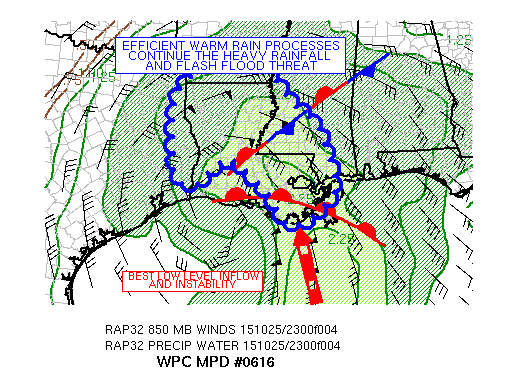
AREAS AFFECTED...FAR EAST TX...MUCH OF LA...SOUTHERN
AR...SOUTHWEST MS

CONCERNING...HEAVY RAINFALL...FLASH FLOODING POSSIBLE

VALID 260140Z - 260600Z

SUMMARY...EFFICIENT WARM RAIN PROCESSES WILL CONTINUE TO PRODUCE A
HEAVY RAIN THREAT OVER PORTIONS OF THE WESTERN AND CENTRAL GULF
STATES THROUGH THE EARLY MORNING HOURS. FLASH FLOODING IS POSSIBLE
IN LOCATIONS WHERE SOILS ARE SATURATED.

DISCUSSION...THE LARGE AREA OF MODERATE TO HEAVY RAIN CONTINUES
ACROSS FAR EAST TX... MUCH OF LA INTO SOUTHERN AR AND AND MUCH OF
MS. THE RAINFALL IS BEING DRIVEN BY LIFT IN THE COMMA HEAD ACROSS
NORTHERN LA AND SOUTHERN AR...AHEAD OF A SHORT WAVE TRACKING
ACROSS SOUTHWEST LA. BANDED RAINFALL IS OCCURRING ACROSS EASTERN
TX AND NORTHERN AND CENTRAL LA...AND THE BANDED RAINFALL IS
AUGMENTED BY LIFT IN THE PERSISTENT MID/UPPER LEVEL DIFFLUENCE
ACROSS THE GULF STATES. INSTABILITY APPEARS TO BE SLANTWISE...AS
LIGHTNING STRIKES ARE OCCURRING OVER WEST CENTRAL LA.

AS THE SHORT WAVE TRACKS SLOWLY NORTHEAST... THE BANDED RAINFALL
SHOULD CONTINUE TO ROTATE SLOWLY WEST NORTHWEST ACROSS PORTIONS OF
FAR EAST TX...AS WELL AS NORTHERN AND PORTIONS OF CENTRAL LA.
RAINFALL RATES BETWEEN ONE-HALF TO ONE INCH AN HOUR COULD RESULT
IN RAINFALL TOTALS OVER 2.00 INCHES IN THESE AREAS. FLASH FLOODING
IS POSSIBLE ACROSS AREAS OF FAR EAST TX/WEST CENTRAL LA WHERE
SOILS HAVE BECOME SATURATED DUE TO EARLIER HEAVY RAINFALL.

FURTHER EAST...A 40 TO 50 KNOT LOW LEVEL SOUTHEAST FLOW CONTINUES
TO TRANSPORT 2.25 TO 2.50 INCH PRECIPITABLE WATER AIR UP AND OVER
A FRONTAL BOUNDARY ACROSS SOUTHERN LA. INSTABILITY IN THE LOW
LEVEL INFLOW IS MARGINAL...AS THE 00Z KLIX SOUNDING SHOWED AN
SBCAPE VALUE OF 330 J/KG. THE DEEP MOISTURE AND MARGINAL
INSTABILITY HAS RESULTED IN HOURLY RAINFALL RATES BETWEEN 2.00 AND
3.00 INCHES (BASED ON THE MRMS RAINFALL RATE PRODUCT AND THE KLIX
RADAR).

THERE IS A STRONG MODEL SIGNAL FOR 2-4 INCHES OF RAINFALL ACROSS
PORTIONS OF SOUTHEAST LA AND SOUTHWEST MS THROUGH 26/06Z. THE 23Z
HRRR/12Z WRF-ARW/18Z NAM CONEST SHOWED LOCAL RAINFALL AMOUNTS OF
6+ INCHES. INSTABILITY COULD END UP BEING THE LIMITING FACTOR FOR
RAINFALL AMOUNTS THIS HIGH...BUT GIVEN THE DEEP MOISTURE IS
PLACE...FLASH FLOODING IS POSSIBLE.